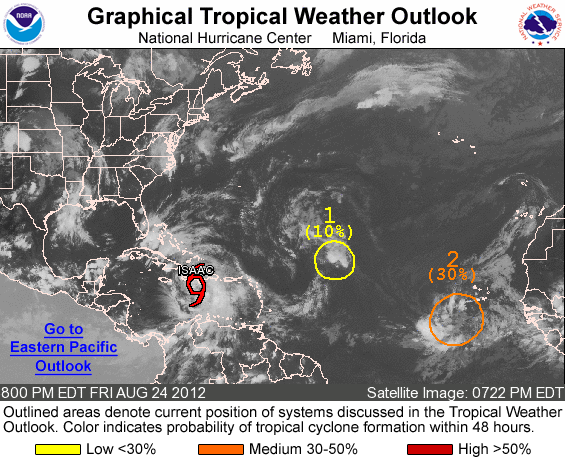
FOR THE NORTH ATLANTIC...CARIBBEAN SEA AND THE GULF OF MEXICO...

THE NATIONAL HURRICANE CENTER IS ISSUING ADVISORIES ON TROPICAL STORM ISAAC...LOCATED ABOUT 90 MILES SOUTH-SOUTHEAST OF PORT AU PRINCE HAITI.

1. A WEAK LOW PRESSURE AREA...THE REMNANTS OF TROPICAL DEPRESSION JOYCE...IS LOCATED ABOUT 900 MILES EAST-NORTHEAST OF THE LEEWARD ISLANDS. UPPER-LEVEL WINDS DO NOT APPEAR CONDUCIVE FOR THE REMNANT LOW TO REGENERATE INTO A TROPICAL CYCLONE DURING THE NEXT COUPLE OF DAYS. THIS SYSTEM HAS A LOW CHANCE...10 PERCENT...OF BECOMING A TROPICAL CYCLONE AGAIN DURING THE NEXT 48 HOURS AS IT MOVES WEST-NORTHWESTWARD TO NORTHWESTWARD AT ABOUT 20 MPH.

2. SHOWER AND THUNDERSTORM ACTIVITY HAS CHANGED LITTLE IN ORGANIZATION NEAR A BROAD AREA OF LOW PRESSURE CENTERED ABOUT 200 MILES SOUTHWEST OF THE CAPE VERDE ISLANDS. ENVIRONMENTAL CONDITIONS ARE MARGINALLY CONDUCIVE FOR DEVELOPMENT...AND THIS SYSTEM HAS A MEDIUM CHANCE...30 PERCENT...OF BECOMING A TROPICAL CYCLONE DURING THE NEXT 48 HOURS AS IT MOVES TOWARD THE WEST-NORTHWEST AT 10 TO 15 MPH.

ELSEWHERE...TROPICAL CYCLONE FORMATION IS NOT EXPECTED DURING THE NEXT 48 HOURS.

FORECASTER BLAKE